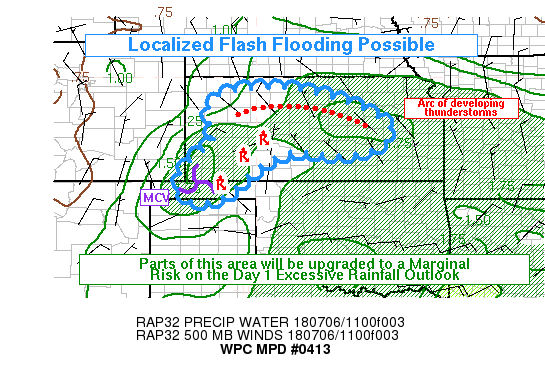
AREAS AFFECTED...KANSAS...OKLAHOMA PANHANDLE

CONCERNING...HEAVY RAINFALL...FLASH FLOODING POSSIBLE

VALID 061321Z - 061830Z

SUMMARY...THUNDERSTORMS WERE DEVELOPING EARLY THIS MORNING ACROSS
PORTIONS OF KANSAS...AND THESE STORMS WERE MOVING VERY SLOWLY.
HEAVY RAINFALL AND LOCALIZED FLASH FLOODING WILL BE POSSIBLE.

DISCUSSION...CONVECTION HAS BLOSSOMED OVER THE PAST COUPLE HOURS
(11-13Z) IN AN ARC ROUGHLY NEAR THE I-70 CORRIDOR IN NORTH-CENTRAL
KANSAS. THE GOES-16 CLOUD TOP HEIGHT PRODUCT HAS BEEN INDICATING
CONVECTION STEADILY BECOMING DEEPER...AND THIS MATCHES CLOSELY
WITH THE IR TREND OF COOLING CLOUD TOPS AND AN INCREASE IN
LIGHTNING ACTIVITY. FURTHER TO THE SOUTHWEST...IN SOUTHWEST KANSAS
AND THE OKLAHOMA PANHANDLE...MORE ISOLATED THUNDERSTORMS WERE
LINGERING IN THE MOIST AIR MASS...PARTICULARLY IN THE VICINITY OF
A NEARLY STATIONARY MCV IN THE CENTRAL OKLAHOMA PANHANDLE. THE
VAST MAJORITY OF THE CELLS IN THIS REGION APPEARED TO BE MOVING
SLOWER THAN 10 KNOTS...AND RAP FORECAST CORFIDI VECTORS THROUGH
18Z ACROSS THE REGION ARE GENERALLY 5 KNOTS OR LESS WITH THE
CENTER OF A MID-UPPER LEVEL RIDGE AXIS IN THE AREA.

STRONG FORCING FOR FOCUSED ASCENT DOES NOT EXIST ACROSS THE
REGION...AND LOW-LEVEL INFLOW IN THE 925MB LAYER IS ONLY AROUND
10-15 KNOTS OUT OF THE EAST. THIS MAY PREVENT CONVECTION FROM
SUSTAINING IN A PARTICULAR LOCATION FOR AN EXTENDED PERIOD OF
TIME...BUT GIVEN THE SLOW STORM MOTIONS...SOME LOCATIONS WILL
LIKELY RECEIVE 60-90 MINUTES OF NEARLY UNINTERRUPTED HEAVY RAIN.
THIS COULD PRODUCE LOCALIZED AREAS OF SEVERAL INCHES OF RAIN IN
JUST OVER AN HOUR...AND A REPORT OF THESE TYPE OF RAIN RATES WAS
RECENTLY RECEIVED FROM NEAR SALINA KS. DUAL POL AND MRMS RAINFALL
ESTIMATES HAVE BEEN AROUND 2 IN/HR IN THE VICINITY OF SOME OF THE
STRONGER CONVECTION...AND THIS MAY CONTINUE INTO THE MORNING
HOURS. THE 12Z DDC SOUNDING SHOWED AROUND 2000 J/KG OF UNINHIBITED
CAPE AND PRECIPITABLE WATER VALUE OF 1.86 INCHES. THIS IS AMONG
THE HIGHER OBSERVED PWAT VALUES AT DDC AND PWATS AROUND KANSAS ARE
GENERALLY ABOVE THE 90TH PERCENTILE. THIS ENVIRONMENT SHOULD
ENABLE VERY HEAVY RAIN RATES.

A MARGINAL RISK AREA WILL ALSO BE ADDED ON THE DAY 1 EXCESSIVE
RAINFALL OUTLOOK FOR PORTIONS OF THIS REGION.